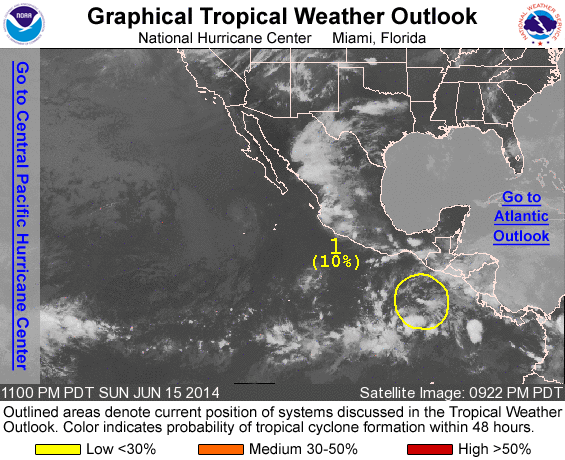
For the eastern North Pacific...east of 140 degrees west longitude:

1. Showers and thunderstorms associated with a tropical wave several hundred miles south-southeast of the Gulf of Tehuantepec have decreased this evening. However, environmental conditions remain conducive for gradual development of this disturbance during the next several days as it moves westward and then west-northwestward at around 10 mph.
* Formation chance through 48 hours...low...10 percent.
* Formation chance through 5 days...medium...30 percent.

Forecaster Kimberlain